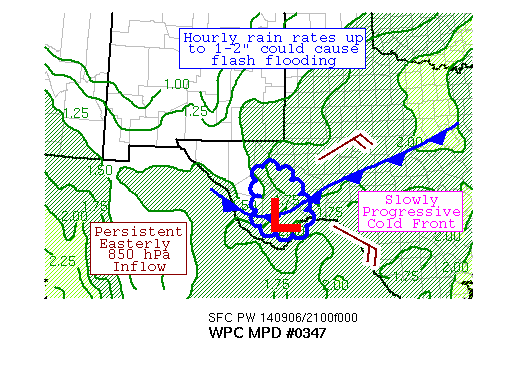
AREAS AFFECTED...WESTERN TX

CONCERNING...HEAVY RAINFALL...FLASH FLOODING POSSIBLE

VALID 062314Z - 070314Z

SUMMARY...THUNDERSTORMS WITH HEAVY RAINFALL ACROSS WESTERN TX ARE
EXPECTED TO PERSIST OVER THE NEXT FEW HOURS.  WITH HOURLY RAIN
RATES OF UP TO 1-2 INCHES/HR ANTICIPATED...FLASH FLOODING IS
POSSIBLE.

DISCUSSION...THUNDERSTORM ACTIVITY THAT DEVELOPED EARLIER IN THE
DAY NEAR AND NORTH OF A FRONTAL BOUNDARY DROPPING SLOWLY TO THE
SOUTH ACROSS WESTERN TX DUE IS EXPECTED TO PERSIST THROUGH THE
NEXT FEW HOURS.   MODEST SOUTHEASTERLY LOW-LEVEL INFLOW (15-20
KTS) AHEAD OF THE BOUNDARY...ALONG WITH MOIST NORTHEASTERLY INFLOW
TO THE NORTH OF THE BOUNDARY IS EXPECTED TO SUPPORT PWS AROUND
1.75-2 INCHES OVER THE OUTLOOK AREA.  THIS MOISTURE INTERACTING
WITH A SERIES OF WEAK MID LEVEL IMPULSES LIFTING FROM THE SOUTH IS
EXPECTED TO HELP SUPPORT CONVECTION OVER THE NEXT FEW HOURS.
DECREASING INSTABILITY SHOULD BEGIN TO LIMIT THE HEAVY RAINFALL
THREAT AFTER SUNSET.

WHILE THERE ARE DIFFERENCES IN THE DETAILS...THE 21Z HRRR AND 12Z
HRW-ARW/NMMB SHOW THE HEAVY RAIN THREAT PERSISTING...WITH RAINFALL
RATES OF 1-2 INCHES/HR POSSIBLE THROUGH 03Z.  GIVEN THE TERRAIN
AND LOW FLASH FLOOD GUIDANCE VALUES...FLASH FLOODING IS POSSIBLE.